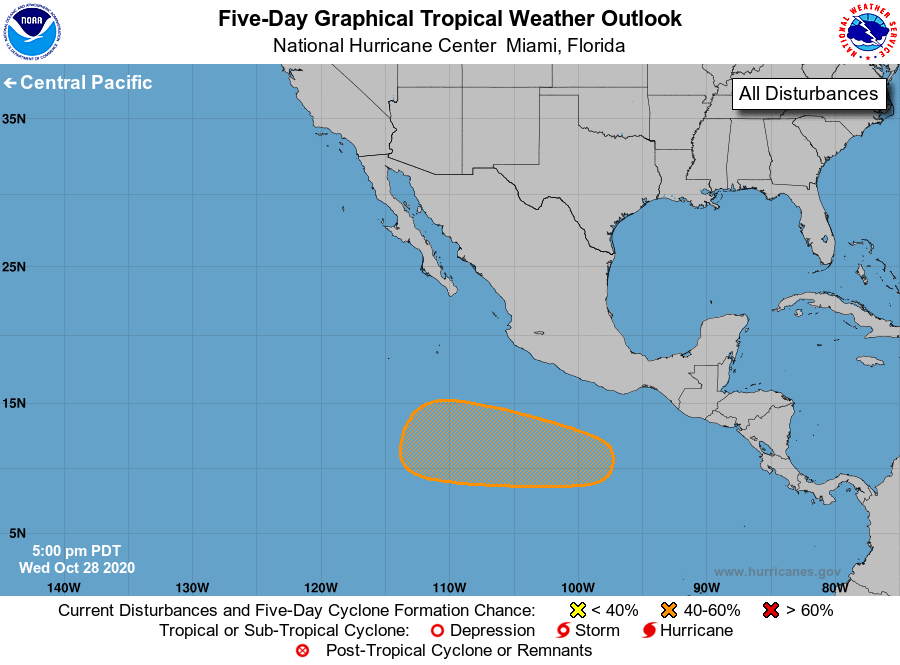
For the eastern North Pacific...east of 140 degrees west longitude:

1. A broad trough of low pressure is expected to form south of the coast of southern Mexico during the next couple of days. Environmental conditions appear conducive for gradual development over the weekend, and a tropical depression could form by early next week as the system moves westward or west-northwestward.
* Formation chance through 48 hours...low...near 0 percent.
* Formation chance through 5 days...medium...50 percent.

Forecaster Reinhart/Beven